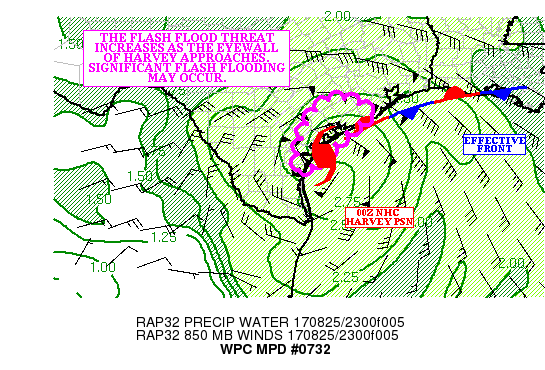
AREAS AFFECTED...MIDDLE TX COAST

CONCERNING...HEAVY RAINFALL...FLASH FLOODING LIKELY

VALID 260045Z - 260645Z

SUMMARY...AS THE EYEWALL OF HURRICANE HARVEY APPROACHES THE MIDDLE
TX COAST...THE THREAT FOR FLASH FLOODING INCREASES. SIGNIFICANT
FLASH FLOODING COULD OCCUR IN URBAN AREAS INTO THE EARLY MORNING
HOURS.

DISCUSSION...THE GOES-16 CLEAN IR LOOP SHOWED BANDING ASSOCIATED
WITH HURRICANE HARVEY MOVING ACROSS THE MIDDLE TX COAST EARLY THIS
EVENING. THE KCRP RADAR SHOWED  THE WESTERN EYEWALL APPROACHING
THE COAST...WITH HOURLY RAINFALL RATES BETWEEN 2.50 AND 3.00
INCHES MOVING TOWARD THE COAST FROM CORPUS CHRISI TO PORT ARNASAS.
THE BAND IS EXPECTED TO COME ASHORE DURING THE NEXT FEW
HOURS...BRINGING WITH IT AN ENHANCED THREAT OF FLASH FLOODING.

THE CONVECTION IS WRAPPED IN 2.50/2.75 INCH PRECIPITABLE WATER
AIR...WHICH WILL SPREAD ACROSS THE MIDDLE TX COAST DURING THE
EVENING HOURS. OUTSIDE OF THE EYEWALL... RAINFALL RATES BETWEEN
1.50 AND 2.00 INCHES CAN BE EXPECTED ALONG THE REMAINDER OF THE
MIDDLE TX COAST.

THE MOST RECENT HRRR...WHICH APPEARS TO HAVE A DECENT HANDLE ON
THE RAINFALL RATES ASSOCIATED WITH HARVEY...SHOWED THE POTENTIAL
FOR 6.00+ INCHES OR RAINFALL WHERE THE EYEWALL APPROACHES THE
COAST. THIS MUCH RAINFALL COULD RESULT IN SIGNIFICANT FLASH
FLOODING IN URBAN AREAS LIKE CORPUS CHRISTI INTO THE EARLY MORNING
HOURS.

ELSEWHERE ALONG THE MIDDLE TX COAST... LOCAL RAINFALL AMOUNTS
BETWEEN 3.00 AND 6.00 INCHES OF RAINFALL CAN BE EXPECTED. EARLIER
HEAVY RAINFALL COULD SET THE STAGE FOR AN ENHANCED FLASH FLOOD
THREAT HERE AS WELL.